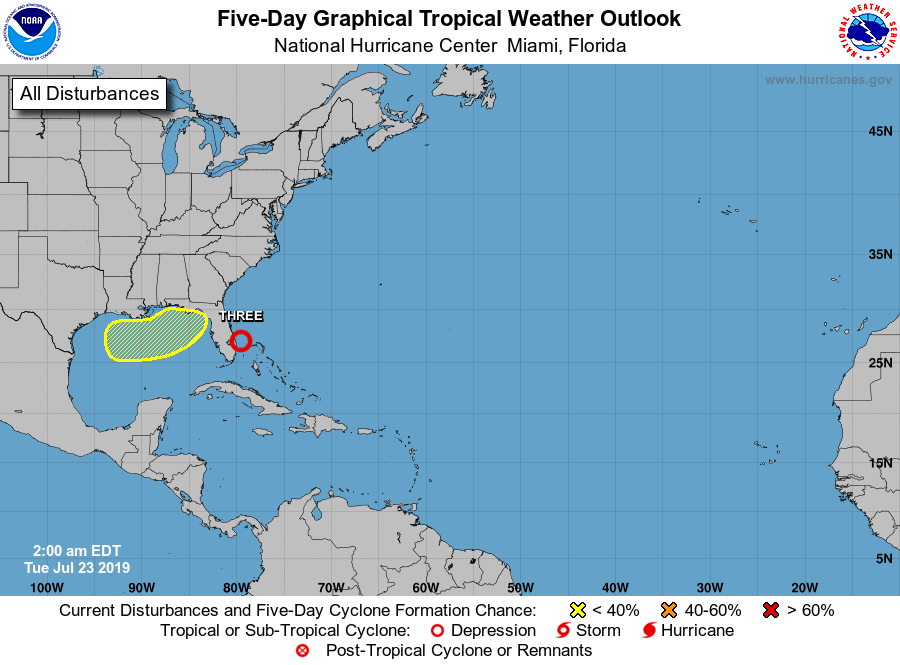
For the North Atlantic...Caribbean Sea and the Gulf of Mexico:

The National Hurricane Center is issuing advisories on Tropical Depression Three, located between the southeastern Florida coast and Grand Bahama.

1. A non-tropical low pressure area could form over the northern Gulf of Mexico by late Wednesday or Thursday. Thereafter, this system has the potential to acquire subtropical or tropical characteristics while it moves slowly eastward to northeastward over warm waters through the end of the week.
* Formation chance through 48 hours...low...near 0 percent.
* Formation chance through 5 days...low...20 percent.

Public Advisories on Tropical Depression Three are issued under WMO header WTNT33 KNHC and under AWIPS header MIATCPAT3. Forecast/Advisories on Tropical Depression Three are issued under WMO header WTNT23 KNHC and under AWIPS header MIATCMAT3.

Forecaster Stewart